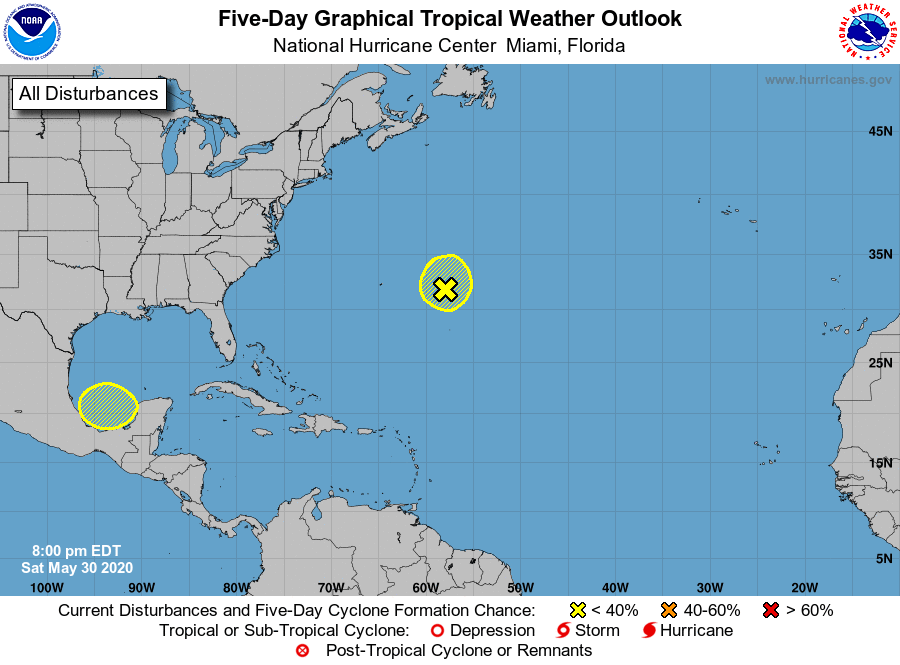
For the North Atlantic...Caribbean Sea and the Gulf of Mexico:

Special Tropical Weather Outlook issued to discuss the area of low pressure over the central Atlantic and the potential for tropical cyclone formation over the southwestern Gulf of Mexico next week.

1. An area of low pressure located about 350 miles east of Bermuda is producing limited shower activity. Environmental conditions are expected to become less favorable for development on Sunday as the system moves generally northward, and development of this system has become less likely. The next Special Tropical Weather Outlook will be issued by 9 AM EDT Sunday, or earlier if necessary.
* Formation chance through 48 hours...low...20 percent.
* Formation chance through 5 days...low...20 percent.

2. A broad area of disturbed weather is expected to stretch across portions of southern Mexico and the southwestern Gulf of Mexico for the next several days. An area of low pressure could form in this region by the middle of next week, and some gradual development is possible thereafter if the system remains over water. Regardless of development, heavy rainfall is likely over portions of southern Mexico during the next few days. The next Special Tropical Weather Outlook will be issued by 9 AM EDT Sunday, or earlier if necessary.
* Formation chance through 48 hours...low...near 0 percent.
* Formation chance through 5 days...low...20 percent.

Forecaster Zelinsky